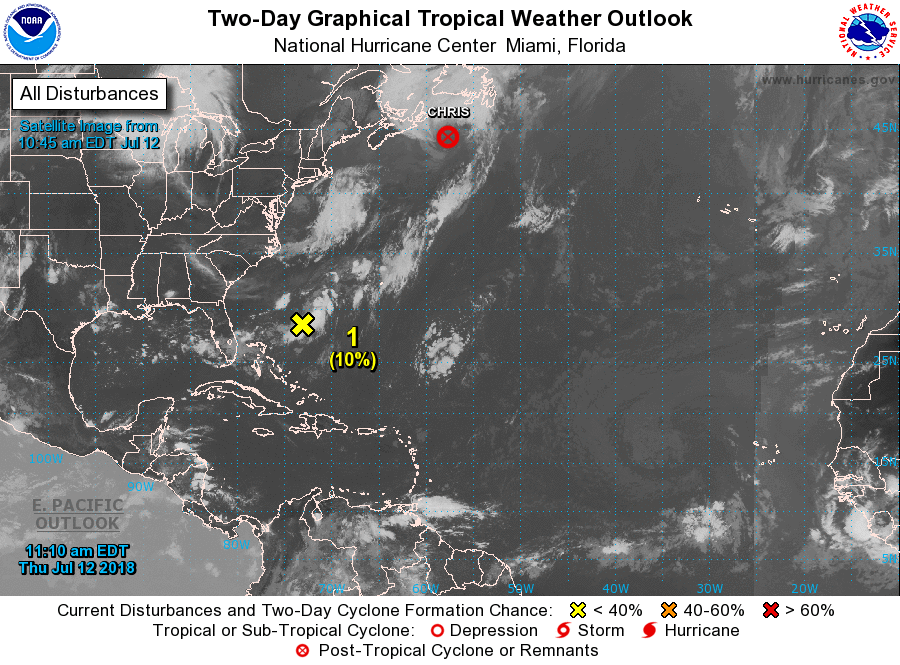
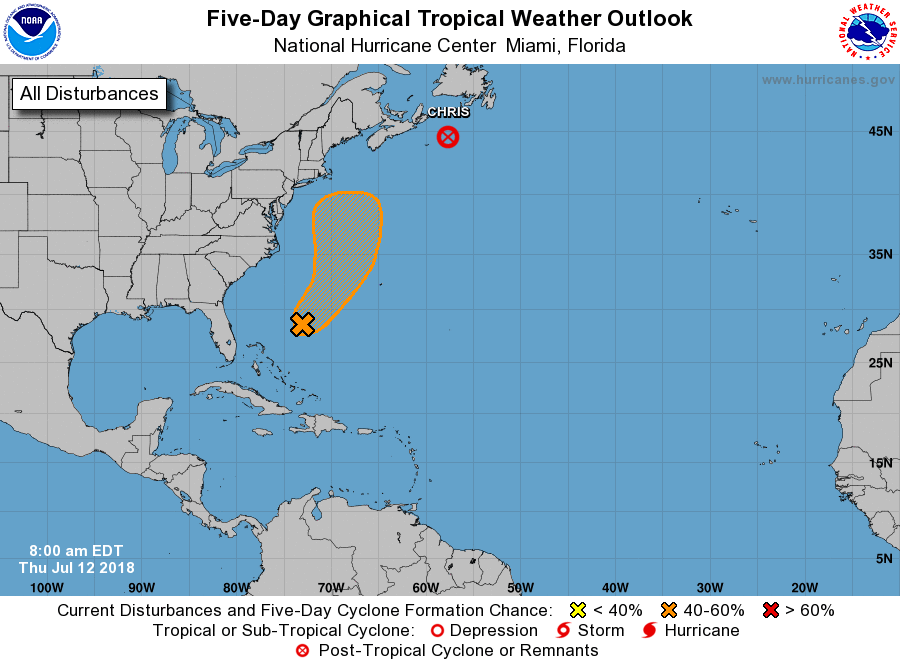
For the North Atlantic...Caribbean Sea and the Gulf of Mexico:

The National Hurricane Center is issuing advisories on recently downgraded Tropical Storm Chris, located about 400 miles southwest of Cape Race, Newfoundland.

1. An area of disorganized showers and thunderstorms associated with the remnants of Beryl is located about midway between the Bahamas and Bermuda. Little or no development is expected through Friday while the system moves northeastward. However, environmental conditions could become a little more favorable over the weekend when the disturbance will be moving northward over the warm waters of the western Atlantic and interacting with a strong upper-level trough.
* Formation chance through 48 hours...low...10 percent.
* Formation chance through 5 days...medium...50 percent.

Forecaster Stewart